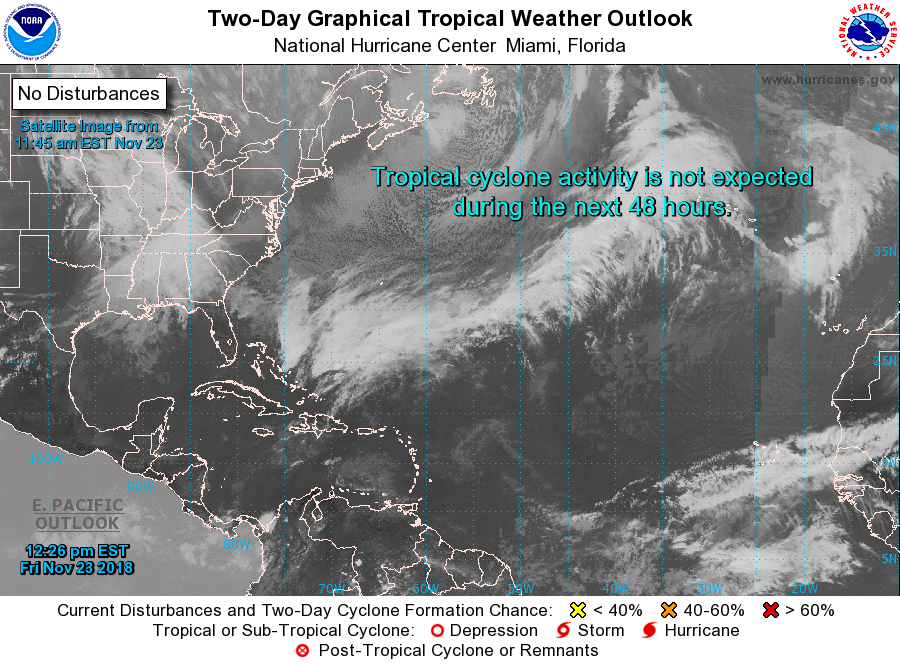
For the North Atlantic...Caribbean Sea and the Gulf of Mexico:

1. A complex, non-tropical low pressure system is forecast to develop over the southwestern Atlantic by Saturday. The system is expected to move eastward to east-northeastward over the western and central Atlantic through the middle of next week and could acquire some subtropical characteristics during that time. Regardless of any subtropical development, winds to gale force are expected over portions of the western Atlantic during the next couple of days and are possible over the central Atlantic by early next week. Additional information can be found in High Seas Forecasts issued by the National Weather Service. Interests in Bermuda should monitor the progress of this system.
* Formation chance through 48 hours...low...near 0 percent.
* Formation chance through 5 days...low...30 percent.

High Seas Forecasts issued by the National Weather Service are issued under AWIPS header NFDHSFAT1, WMO header FZNT01 KWBC, and are available on the Web at https://ocean.weather.gov/shtml/NFDHSFAT1.shtml.

Forecaster Zelinsky